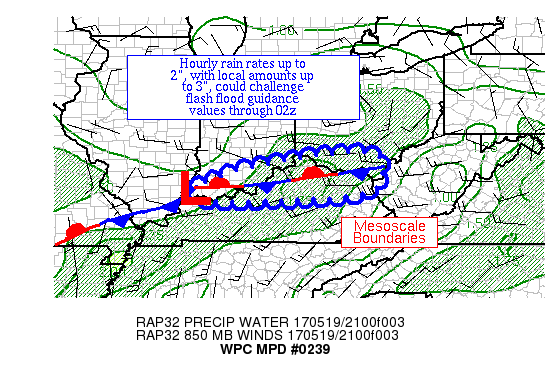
AREAS AFFECTED...SOUTHERN IN & NORTHERN KY

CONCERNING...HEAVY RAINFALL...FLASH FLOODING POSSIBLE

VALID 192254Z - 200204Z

SUMMARY...THUNDERSTORMS CONTINUE TO SHOW TRAINING CHARACTER ACROSS
SOUTHERN IN AND NORTHERN KY.  THE BROADER HEAVY RAIN THREAT IN
THIS AREA SHOULD END BY 02Z.

DISCUSSION...AN EAST-WEST BAND OF CONVECTION LIES ACROSS SOUTHERN
IN AND NORTHERN KY NEAR AN OUTFLOW BOUNDARY FROM EARLIER
CONVECTION.  A CONVECTIVELY-INDUCED SHORTWAVE IS LEAVING THE
SCENE, MOVING ACROSS CENTRAL OH AT THIS TIME.  PRECIPITABLE WATER
VALUES OF 1.5"+ EXIST IN THIS REGION.  CONVERGENT INFLOW AT 850
HPA OF 25-30 KTS REMAINS FOCUSED HERE.  AS CIN HAS DEVELOPED, THIS
IS DRAWING IN 1500-2500 J/KG OF MUCAPE INTO THE REGION.

AS THE SHORTWAVE MOVES FARTHER AFIELD, LOW-LEVEL INFLOW AND UPPER
LEVEL DIVERGENCE SHOULD WEAKEN ACROSS THE AREA, WHICH SHOULD
SHRINK THE AREA OF THE HEAVY RAIN THREAT OVER THE NEXT 2-3 HOURS
DESPITE SUFFICIENT INSTABILITY REMAINING AVAILABLE.  THE MESOSCALE
GUIDANCE, WHICH HAS BEEN TOO FAR NORTH THUS FAR, SUPPORTS AN
ADDITIONAL 2-3" OF RAIN DURING THIS TIME FRAME.  HOURLY RAIN RATES
SHOULD CONTINUE TO BE UP TO 2" OVER THE NEXT 2-3 HOURS,
MAINTAINING THE THREAT OF HEAVY RAINFALL.